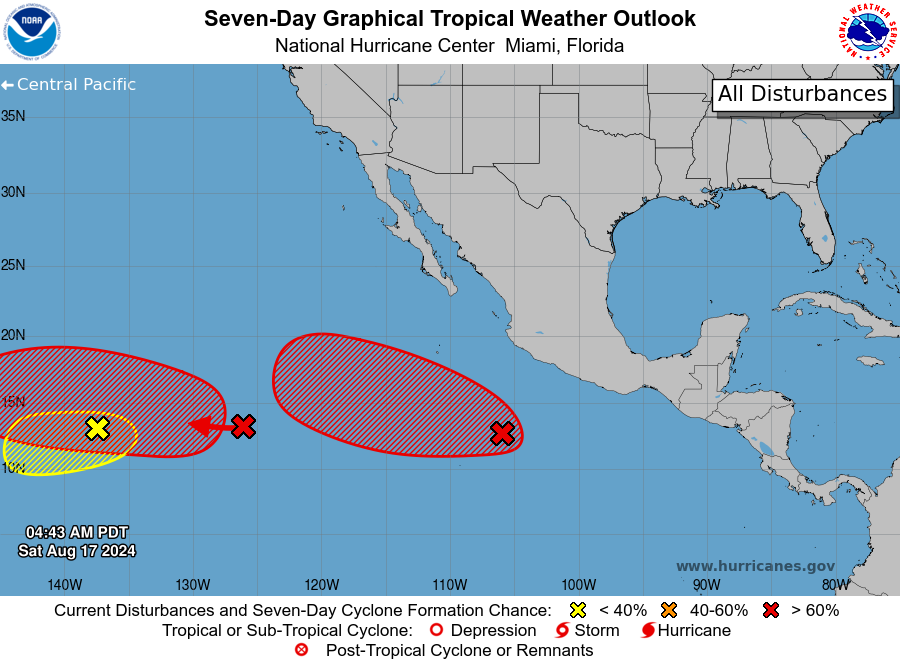
For the eastern North Pacific...east of 140 degrees west longitude:

1. Well Offshore of Southwestern Mexico (EP99): A broad area of low pressure located several hundred miles off the southwestern coast of Mexico is producing a large area of showers and thunderstorms that are beginning to show signs of organization. Upper-level winds are forecast to be generally conducive for additional development of this system over the weekend, and a tropical depression is likely to form by early next week while it moves west-northwestward at about 10 mph across the central portion of the eastern Pacific.
* Formation chance through 48 hours...medium...60 percent.
* Formation chance through 7 days...high...90 percent.

2. Western Portion of the East Pacific: A broad area of low pressure is expected to form this weekend or early next week more than one thousand miles west-southwest of the southern tip of the Baja California peninsula. Thereafter, slow development of this system is anticipated, and a tropical depression is likely form during the middle part of next week while it moves westward to west-northwestward across the western portion of the basin and into the Central Pacific basin. Information on this system's development can also be found in the Tropical Weather Outlook for the Central Pacific basin.
* Formation chance through 48 hours...low...10 percent.
* Formation chance through 7 days...high...70 percent.

3. Well Southeast of the Hawaiian Islands: A small area of low pressure located well southeast of the Hawaiian Islands is associated with some disorganized showers and thunderstorms. Some development of this system is possible this weekend into early next week while it moves slowly over the western portion of the East Pacific or Central Pacific basin. By the middle of next week, this system could merge with a larger system expected to develop to its east. Information on this system's development can also be found in the Tropical Weather Outlook for the Central Pacific basin.
* Formation chance through 48 hours...low...20 percent.
* Formation chance through 7 days...low...20 percent.

The Tropical Weather Outlook for the Central Pacific basin can be found under AWIPS header HFOTWOCP and WMO header ACPN50 PHFO and on the web at hurricanes.gov

Forecaster Papin